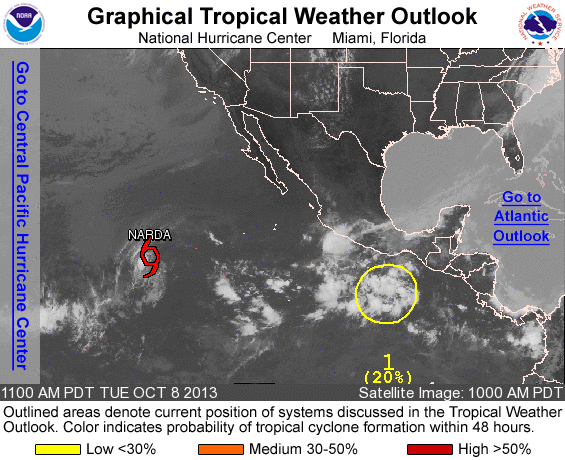
FOR THE EASTERN NORTH PACIFIC...EAST OF 140 DEGREES WEST LONGITUDE..

THE NATIONAL HURRICANE CENTER IS ISSUING ADVISORIES ON TROPICAL STORM NARDA...LOCATED WELL TO THE WEST-SOUTHWEST OF THE SOUTHERN TIP OF THE BAJA CALIFORNIA PENINSULA.

1. A LARGE AREA OF DISORGANIZED SHOWERS AND THUNDERSTORMS CENTERED SEVERAL HUNDRED MILES SOUTH OF PUERTO ANGEL MEXICO IS ASSOCIATED WITH A TROUGH OF LOW PRESSURE. ENVIRONMENTAL CONDITIONS ARE EXPECTED TO BECOME INCREASINGLY CONDUCIVE FOR DEVELOPMENT OF THIS SYSTEM DURING THE NEXT FEW DAYS. THIS SYSTEM HAS A LOW CHANCE... 20 PERCENT...OF BECOMING A TROPICAL CYCLONE DURING THE NEXT 48 HOURS...AND A HIGH CHANCE...60 PERCENT...OF BECOMING A TROPICAL CYCLONE DURING THE NEXT 5 DAYS WHILE IT MOVES WEST-NORTHWESTWARD AT ABOUT 10 MPH.

FIVE-DAY FORMATION PROBABILITIES ARE EXPERIMENTAL IN 2013. COMMENTS ON THE EXPERIMENTAL FORECASTS CAN BE PROVIDED AT...

HTTP://WWW.NWS.NOAA.GOV/SURVEY/NWS-SURVEY.PHP?CODE=ETWO

FORECASTER BLAKE